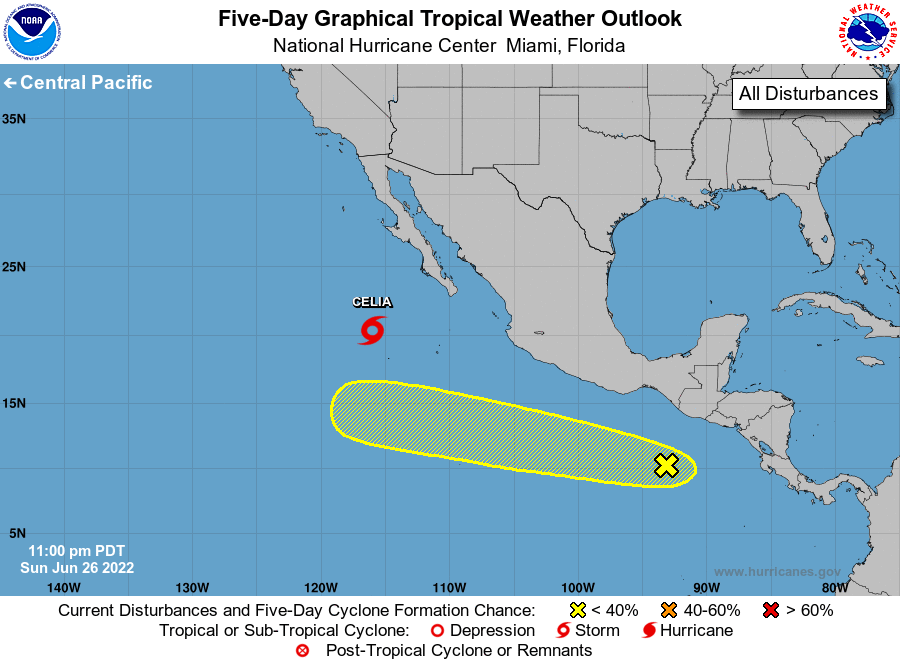
For the eastern North Pacific...east of 140 degrees west longitude:

Active Systems: The National Hurricane Center is issuing advisories on Tropical Storm Celia, located several hundred miles southwest of the southern tip of the Baja California Peninsula.

1. Offshore of Southern Mexico: Disorganized showers are associated with a tropical wave located a few hundred miles offshore of the coasts of Guatemala and southern Mexico. Environmental conditions could support some gradual development of this disturbance during the next several days while it moves westward to west-northwestward at 10 to 15 mph.
* Formation chance through 48 hours...low...10 percent.
* Formation chance through 5 days...low...30 percent.

Forecaster Bucci/Blake